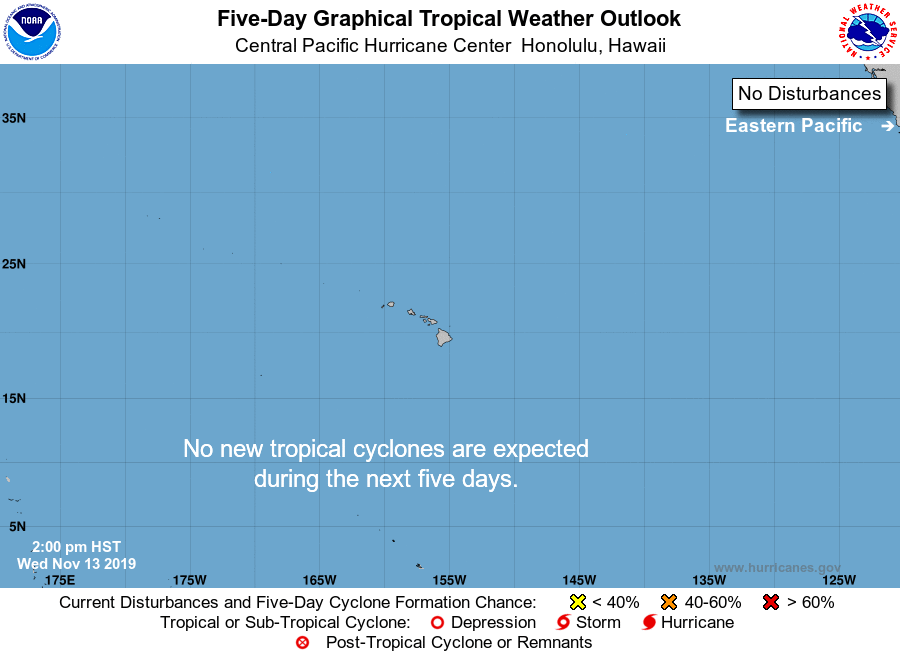
For the central North Pacific...between 140W and 180W:

No tropical cyclones are expected during the next 5 days.

Forecaster Burke